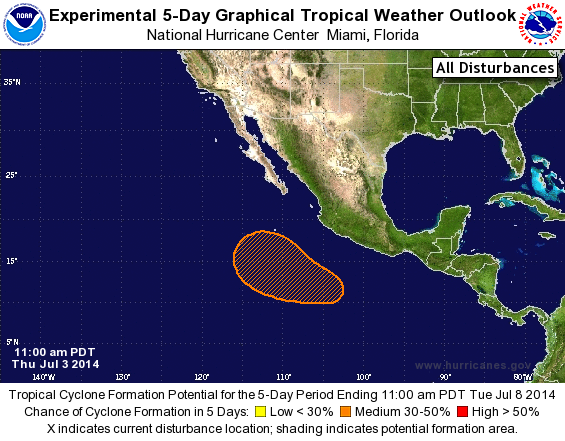
For the eastern North Pacific...east of 140 degrees west longitude:

The National Hurricane Center is issuing advisories on Tropical Storm Douglas, located several hundred miles west-southwest of the southern tip of the Baja California peninsula of Mexico.

1. A low pressure area could form well to the south of southwestern Mexico by early next week, and some development of this system is possible thereafter while it moves west-northwestward.
* Formation chance through 48 hours...low...near 0 percent.
* Formation chance through 5 days...medium...30 percent.

Forecaster Berg